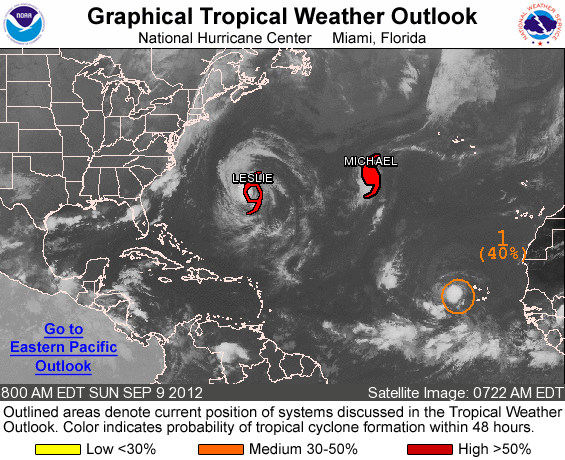
FOR THE NORTH ATLANTIC...CARIBBEAN SEA AND THE GULF OF MEXICO...

THE NATIONAL HURRICANE CENTER IS ISSUING ADVISORIES ON TROPICAL STORM LESLIE...LOCATED ABOUT 150 MILES EAST-SOUTHEAST OF BERMUDA... AND ON HURRICANE MICHAEL...LOCATED ABOUT 925 MILES WEST-SOUTHWEST OF THE AZORES.

1. AN AREA OF LOW PRESSURE ASSOCIATED WITH A TROPICAL WAVE IS LOCATED ABOUT 200 MILES WEST OF THE CAPE VERDE ISLANDS. ALTHOUGH THIS DISTURBANCE HAS CHANGED LITTLE IN ORGANIZATION DURING THE LAST SEVERAL HOURS...ENVIRONMENTAL CONDITIONS ARE MARGINALLY FAVORABLE FOR SLOW DEVELOPMENT DURING THE NEXT COUPLE OF DAYS. THIS SYSTEM HAS A MEDIUM CHANCE...40 PERCENT...OF BECOMING A TROPICAL CYCLONE DURING THE NEXT 48 HOURS AS IT MOVES WEST-NORTHWESTWARD AT 10 TO 15 MPH.

ELSEWHERE...TROPICAL CYCLONE FORMATION IS NOT EXPECTED DURING THE NEXT 48 HOURS.

FORECASTER KIMBERLAIN